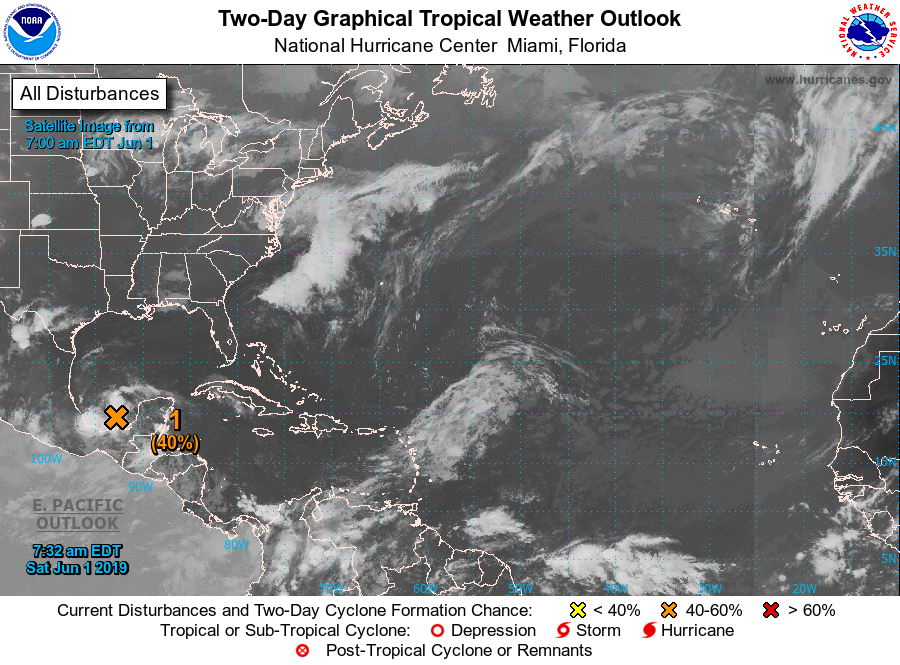
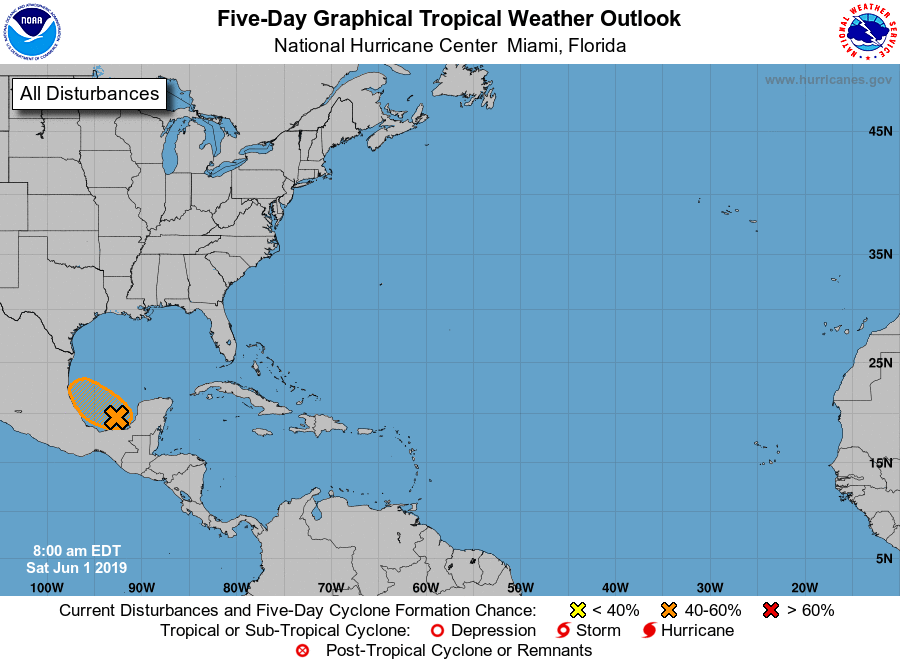
For the North Atlantic...Caribbean Sea and the Gulf of Mexico:

1. A broad area of low pressure located over the southern Bay of Campeche is producing disorganized showers and thunderstorms. The low is forecast to move westward to west-northwestward across the southern Bay of Campeche toward the east coast of Mexico during the next few days. If the system remains over water, a tropical depression could form before it moves inland early next week. Regardless of development, the disturbance will likely produce heavy rainfall over portions of southern and southeastern Mexico during the next few days.
* Formation chance through 48 hours...medium...40 percent.
* Formation chance through 5 days...medium...50 percent.

Today marks the first day of the Atlantic hurricane season, which will run until November 30. Long-term averages for the number of named storms, hurricanes, and major hurricanes are 12, 6, and 3, respectively.

The list of names for 2019 is as follows:

Name Pronunciation Name Pronunciation ------------------------------------------------------------- Andrea AN-dree-uh Lorenzo loh-REN-zoh Barry BAIR-ree Melissa meh-LIH-suh Chantal shahn-TAHL Nestor NES-tor Dorian DOR-ee-an Olga OAL-guh Erin AIR-rin Pablo PAHB-lo Fernand fair-NAHN Rebekah reh-BEH-kuh Gabrielle ga-bree-ELL Sebastien suh-BASH-chuhn Humberto oom-BAIR-toh Tanya TAHN-yuh Imelda ee-MEHL-dah Van van Jerry JEHR-ee Wendy WEN-dee Karen KAIR-ren

One named cyclone, Andrea, already formed this year in May. The next named storm that forms this season will be Barry.

This product, the Tropical Weather Outlook, briefly describes significant areas of disturbed weather and their potential for tropical cyclone formation during the next five days. The issuance times of this product are 2 AM, 8 AM, 2 AM, and 8 PM EDT. After the change to standard time in November, the issuance times are 1 AM, 7 AM, 1 PM, and 7 PM EST.

A Special Tropical Weather Outlook will be issued to provide updates, as necessary, in between the regularly scheduled issuances of the Tropical Weather Outlook. Special Tropical Weather Outlooks will be issued under the same WMO and AWIPS headers as the regular Tropical Weather Outlooks.

A standard package of products, consisting of the tropical cyclone public advisory, the forecast/advisory, the cyclone discussion, and a wind speed probability product, is issued every six hours for all ongoing tropical cyclones. In addition, a special advisory package may be issued at any time to advise of significant unexpected changes or to modify watches or warnings.

The Tropical Cyclone Update is a brief statement to inform of significant changes in a tropical cyclone or to post or cancel watches or warnings. It is used in lieu of or to precede the issuance of a special advisory package. Tropical Cyclone Updates, which can be issued at any time, can be found under WMO header WTNT61-65 KNHC, and under AWIPS header MIATCUAT1-5.

All National Hurricane Center text and graphical products are available on the web at https://www.hurricanes.gov. You can also interact with NHC on Facebook at https://www.facebook.com/NWSNHC. Notifications are available via Twitter when select National Hurricane Center products are issued. Information about our Atlantic Twitter feed (@NHC_Atlantic) is available at https://www.hurricanes.gov/twitter.shtml.

Forecaster Cangialosi